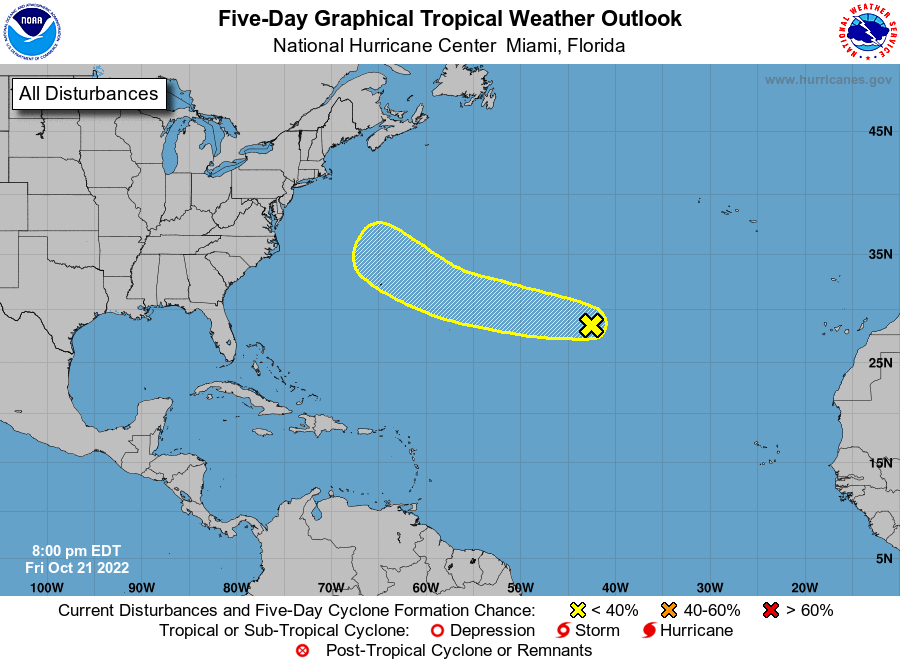
For the North Atlantic...Caribbean Sea and the Gulf of Mexico:

1. Central Subtropical Atlantic: A small, non-tropical area of low pressure located about 1300 miles east of Bermuda is producing limited shower activity. Although the environmental conditions are forecast to be only marginally conducive for development during the next few days, the low could still acquire some subtropical or tropical characteristics by early next week while it moves westward to west-northwestward at 20 to 25 mph across the subtropical Atlantic. By the middle of next week, further development appears unlikely as the system is forecast to move over cooler waters and encounter stronger upper-level winds. Additional information on this system, including gale warnings, can be found in High Seas Forecasts issued by the National Weather Service.
* Formation chance through 48 hours...low...10 percent.
* Formation chance through 5 days...low...20 percent.

High Seas Forecasts issued by the National Weather Service can be found under AWIPS header NFDHSFAT1, WMO header FZNT01 KWBC, and online at ocean.weather.gov/shtml/NFDHSFAT1.php

Forecaster Reinhart